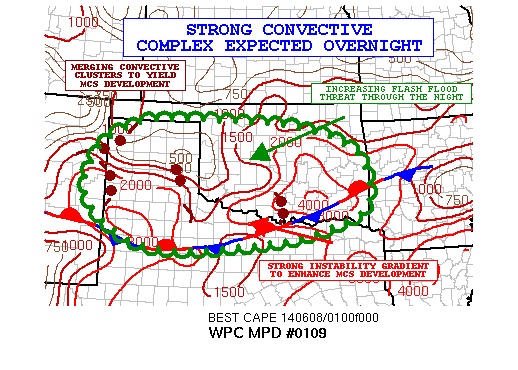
AREAS AFFECTED...EXTREME EASTERN NM...NORTHERN TX...OK

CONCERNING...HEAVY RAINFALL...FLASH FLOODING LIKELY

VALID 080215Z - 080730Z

SUMMARY...ORGANIZING STRONG CONVECTIVE CLUSTERS OVER EASTERN NM
AND NORTHWEST TX WILL YIELD A VERY STRONG MCS OVERNIGHT. EXPECT
VERY HEAVY RAINFALL AND AREAS OF FLASH FLOODING.

DISCUSSION...THE LATEST IR SAT IMAGERY CONTINUES TO SHOW RAPIDLY
DEVELOPING AND ORGANIZING MULTI-CELL AND SUPERCELL THUNDERSTORMS
OVER PORTIONS OF ERN CO AND NOW ADVANCING GRADUALLY INTO THE TX
PANHANDLE WHERE A MOIST BOUNDARY LAYER HAS CONTINUED TO
DESTABILIZE WITH STRONG LATE-DAY DIURNAL HEATING. A COLD FRONT
WHICH HAD PASSED THE REGION EARLIER IN THE DAY HAS STALLED OUT
ACROSS PORTIONS OF NRN TX AND EXTENDS WEST INTO ERN/CNTRL NM.
DESPITE A RELATIVELY STABLE BOUNDARY LAYER NORTH OF THE
FRONT...THE LATEST RAP ANALYSIS SHOWS STRONG INSTABILITY JUST OFF
THE GROUND INVOF THE FRONT AND AIDED BY A MOIST ENVIRONMENT
CHARACTERIZED BY PWATS AOA 1.5 INCHES. MUCAPE VALUES OF 3000 J/KG
TO 4000 J/KG ARE NOTED AS OF 01Z AND CONFIRMED BY RAOB DATA.

A STRONG INSTABILITY GRADIENT IS DEPICTED OVER NRN TX/SRN OK AND
EXTENDING WEST BACK INTO ERN NM WHERE ORGANIZING AND MERGING
CONVECTION WILL OCCUR OVER THE NEXT SEVERAL HOURS. THIS WILL SET
THE STAGE FOR A STRONG MCS WHICH SHOULD FORWARD PROPAGATE EAST OR
EAST-SOUTHEAST ALONG AND NORTH OF THE SFC FRONT AND ALONG THE
AFOREMENTIONED INSTABILITY GRADIENT.

THE LATEST HI-RES MODELS STRONGLY SUPPORT HVY TO EXCESSIVE RAINS
WITH THE ANTICIPATED MCS...BUT THEIR SUGGESTED TRACKS MAY BE A TAD
TOO FAR NORTH...RATHER IT WOULD APPEAR A TRACK SOMEWHAT CLOSER TO
THE FRONT AND BETTER INSTABILITY WOULD BE MORE REASONABLE.
NEVERTHELESS...THE 18Z NAM-CONEST...12Z HRW-ARW AND 12Z HRW-NMM
SUPPORT SEVERAL INCHES OF RAINFALL. THE POTENTIAL EXISTS FOR SOME
ISOLD TOTALS APPROACHING OR EXCEEDING 5 INCHES WHERE CELL-MERGERS
AND AREAS OF TRAINING OCCUR THROUGH THE NIGHT. THIS COUPLED WITH
RAINFALL RATES LIKELY UP TO OVER 2 INCHES/HR SHOULD SUPPORT A
DISTINCT FLASH FLOOD THREAT.